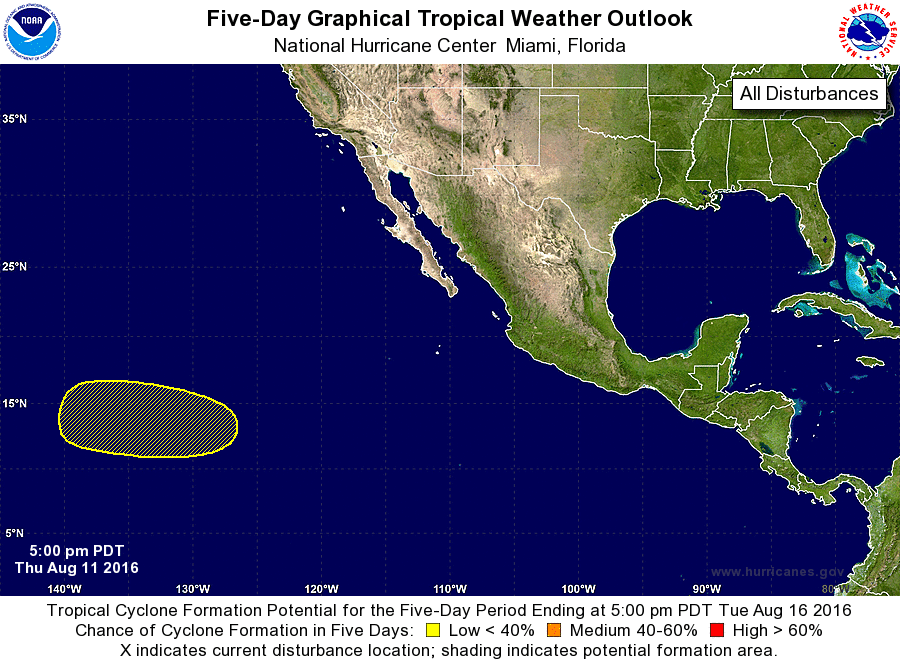
For the eastern North Pacific...east of 140 degrees west longitude:

1. A broad area of disturbed weather is located about 1000 miles southwest of the southern tip of the Baja California peninsula. A low pressure area is forecast to form over the weekend while it moves generally westward. Some subsequent development of this system is possible by early next week.
* Formation chance through 48 hours...low...near 0 percent
* Formation chance through 5 days...low...20 percent

Forecaster Beven